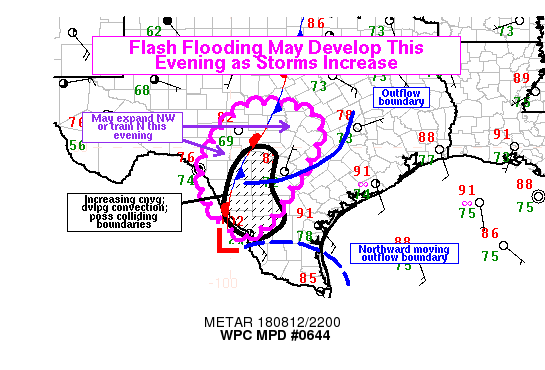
Areas affected...South-Central Texas

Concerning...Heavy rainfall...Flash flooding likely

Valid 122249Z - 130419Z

Summary...Thunderstorms are increasing in coverage again in
south-central Texas, and this should continue into the early
evening. The storms should initially fill in along the I-35
corridor from the Mexican border to San Antonio, and may expand
further north or northwest with time. Rain rates may reach 2 in/hr
or so with the more organized bands of heavy rain, and this could
produce flash flooding.

Discussion...Convective coverage was on the increase again near
the I-35 corridor in south-central Texas as of 22-23Z. The area
immediately to the southeast of I-35, and to the south of an
outflow boundary stretching from KUVA-KSSF-K3T5, has become quite
hot and unstable with temperatures well into the 90s and dewpoints
in the 70s. A separate outflow boundary was moving north from Deep
South Texas evident as a thin line on GOES-16 visible satellite
and low-level water vapor channels. This sets up the possibility
of a future boundary collision to increase convection, in addition
to the broad S-SE unstable inflow that is currently leading to a
gradual increase in convective coverage as it intercepts the
northern outflow boundary and an existing stationary front.
Therefore, the immediate I-35 corridor is favored for more
concentrated convective activity in the 23-01Z time frame, and may
expand north or northwest later in the evening. General storm
motions were out of the SSW and parallel to the stationary front,
potentially setting up favorable training as convective coverage
increases. Therefore, localized heavy rainfall seems likely, and
flash flooding could develop if this falls in areas more favorable
for flooding (urban areas or locations that have received heavy
rainfall earlier today). Precipitable water values are around 2.0
to 2.1 inches per the latest GPS-PW observations in the area,
which should support heavy rain rates to around 2 in/hr (perhaps
higher on a very local basis).